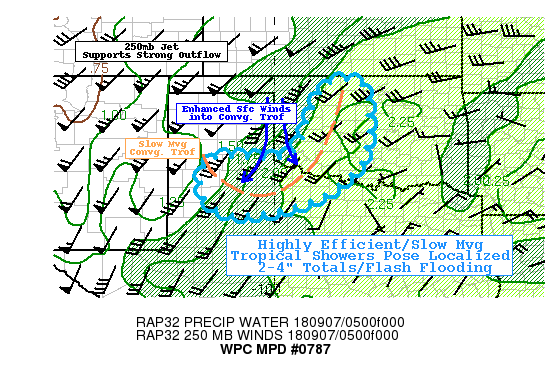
Areas affected...Southern Cap Rock/Northwest TX...Western to
Central OK...

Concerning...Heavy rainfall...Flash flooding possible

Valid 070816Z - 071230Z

SUMMARY...Slow moving/highly efficient showers producing up to
2"/hr totals capable of localized flash flooding.

DISCUSSION...Inconspicuous and highly sheared convection are
generally scattered across the Cap Rock into western OK on the
10.3um IR imagery from GOES-16.  Cells are highly sheared given
proximity of strengthening upper level jet across NM to W KS with
50kt core over the NW TX/OK panhandles while flow between 8-4H is
nearly zero.  The area of concern lies within the SW edge of
enhanced deep moisture along deformation zone where mean mixing
ratios are 16 kg/kg and total PWATs in the range of 2".  Cells
across the CAP Rock of Northwest TX are further west into the
moisture gradient yet have access to sufficient moisture for heavy
warm cloud rain process generation.   Mst flux/convergence is
supported at the surface to boundary layer with 10-15 enhanced
northerly winds with the core generally surging south along 100W
providing sufficient convergence with slower winds/mass upstream.
This is maintaining convection surprisingly well given the
remaining weaker flow aloft, especially across TX.  being on the
southeast side of the jet is supporting sufficient evacuation
aloft as well to prolong updrafts with tilt to not collapse back
on themselves with rainfall production.  As such longer duration
of highly efficient rainfall supports rates in excess of 2"/hr, as
supported by KHBR recent one hour total over 2.25".

While the cells are not numerous in coverage or broad in updraft
width, these totals are capable of producing localized flash
flooding conditions.   Further strengthening of the upper level
jet and maintaining enhanced northerly surface flow will support
continued threat through the late overnight into early morning
across Western OK with some weak eastward propagation possible.
Likewise across TX...the convergence along the western
side/anticyclonic rotor of the northerly surface jet should
maintain convergence as cell propagate south and SSW over the next
few hours.